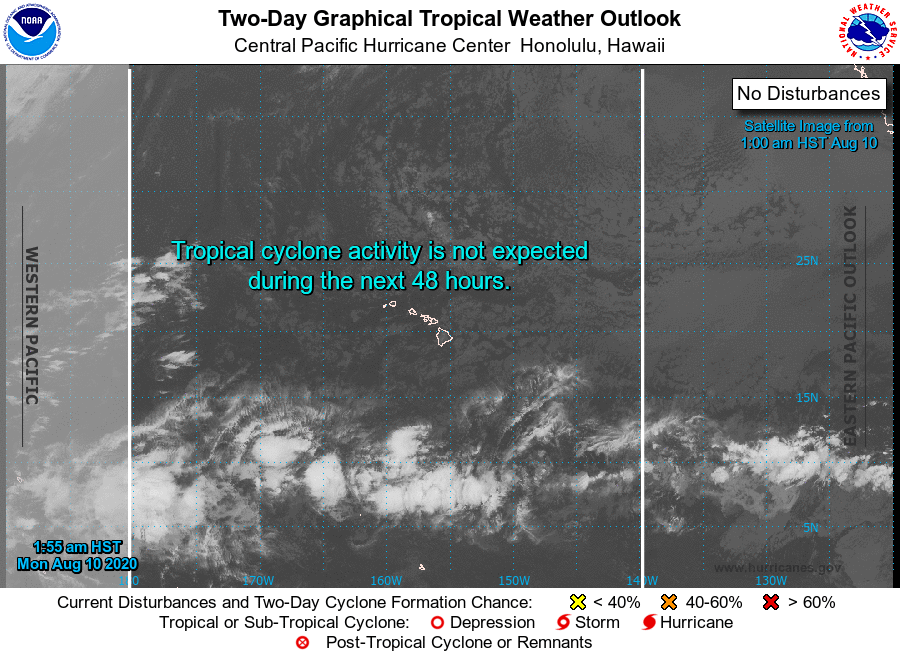
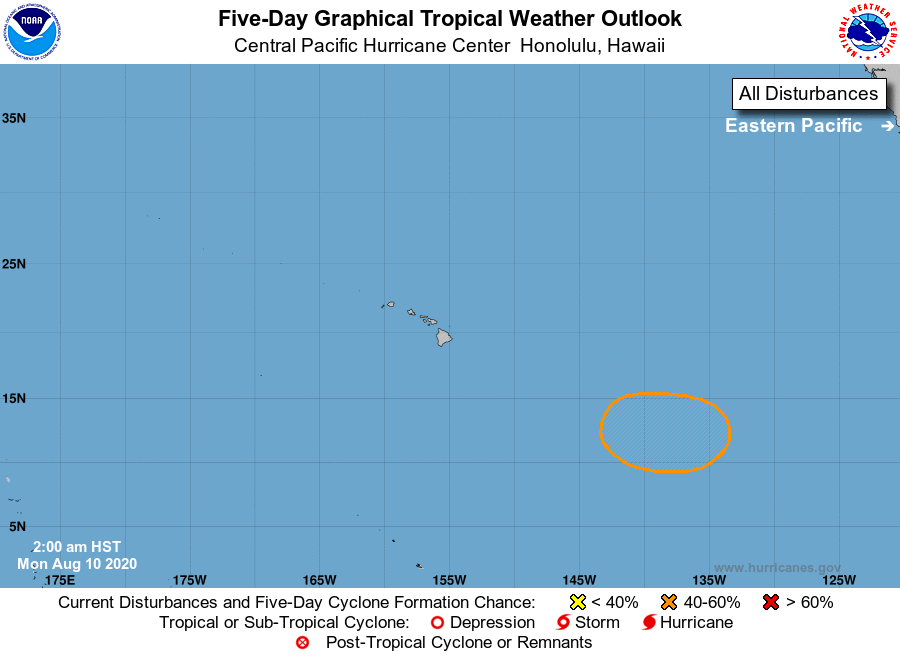
For the central North Pacific...between 140W and 180W:

1. An area of low pressure is expected to form around 1400 miles southeast of Hilo, Hawaii in a couple of days. Environmental conditions are forecast to be conducive for gradual development, and a tropical depression could form late this week while the system moves slowly westward toward the central Pacific basin.
* Formation chance through 48 hours...low...near 0 percent.
* Formation chance through 5 days...medium...60 percent.

Elsewhere, no tropical cyclones are expected during the next 5 days.

Forecaster Gibbs